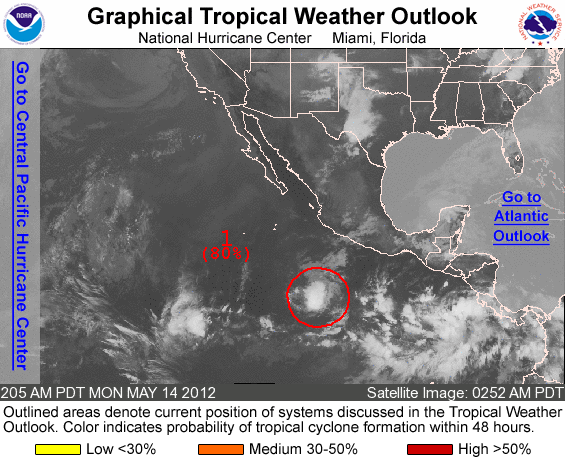
FOR THE EASTERN NORTH PACIFIC...EAST OF 140 DEGREES WEST LONGITUDE..

1. THUNDERSTORM ACTIVITY HAS INCREASED OVERNIGHT NEAR THE CENTER OF A WELL-DEFINED LOW PRESSURE AREA LOCATED ABOUT 580 MILES SOUTH OF MANZANILLO MEXICO. IF THIS RECENT DEVELOPMENT TREND CONTINUES... THEN A TROPICAL DEPRESSION COULD FORM LATER TODAY WHILE UPPER-LEVEL WINDS REMAIN SOMEWHAT FAVORABLE. THIS SYSTEM HAS A HIGH CHANCE...80 PERCENT...OF BECOMING A TROPICAL CYCLONE DURING THE NEXT 48 HOURS AS IT MOVES SLOWLY NORTHWESTWARD OR WEST-NORTHWESTWARD. ADDITIONAL SPECIAL TROPICAL WEATHER OUTLOOKS WILL BE ISSUED ON THIS SYSTEM LATER TODAY...IF NECESSARY.

ELSEWHERE...TROPICAL CYCLONE FORMATION IS NOT EXPECTED DURING THE NEXT 48 HOURS.

FORECASTER STEWART